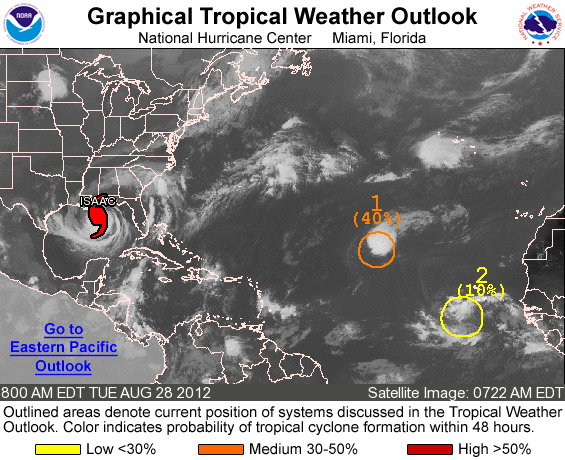
FOR THE NORTH ATLANTIC...CARIBBEAN SEA AND THE GULF OF MEXICO...

THE NATIONAL HURRICANE CENTER IS ISSUING ADVISORIES ON TROPICAL STORM ISAAC...LOCATED ABOUT 105 MILES SOUTH-SOUTHEAST OF THE MOUTH OF THE MISSISSIPPI RIVER.

1. SHOWER ACTIVITY ASSOCIATED WITH AN AREA OF LOW PRESSURE LOCATED ABOUT 1250 MILES WEST-NORTHWEST OF THE CAPE VERDE ISLANDS IS A LITTLE MORE CONCENTRATED THIS MORNING. ENVIRONMENTAL CONDITIONS APPEAR TO BE CONDUCIVE FOR SLOW DEVELOPMENT DURING THE NEXT COUPLE OF DAYS. THIS SYSTEM HAS A MEDIUM CHANCE...40 PERCENT...OF BECOMING A TROPICAL CYCLONE DURING THE NEXT 48 HOURS AS THE LOW MOVES WEST-NORTHWESTWARD TO NORTHWESTWARD AT 10 TO 15 MPH.

2. A TROPICAL WAVE LOCATED NEAR THE CAPE VERDE ISLANDS IS PRODUCING A LARGE BUT DISORGANIZED AREA OF SHOWERS AND THUNDERSTORMS. ENVIRONMENTAL CONDITIONS APPEAR CONDUCIVE FOR SOME GRADUAL DEVELOPMENT OF THIS WAVE DURING THE NEXT FEW DAYS. THIS SYSTEM HAS A LOW CHANCE...10 PERCENT...OF BECOMING A TROPICAL CYCLONE DURING THE NEXT 48 HOURS AS IT MOVES WESTWARD ABOUT 15 MPH.

ELSEWHERE...TROPICAL CYCLONE FORMATION IS NOT EXPECTED DURING THE NEXT 48 HOURS.

FORECASTER AVILA